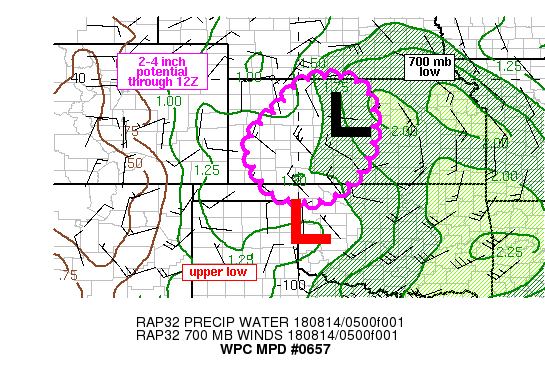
Areas affected...western KS into northwest OK

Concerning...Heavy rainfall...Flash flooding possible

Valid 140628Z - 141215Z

SUMMARY...Small scale and slow moving/training thunderstorms are
expected to impact portions of western KS into northwest OK
through 12Z. 2-4 inches of rain in an 2-3 hour window will be
possible which may cause flash flooding.

DISCUSSION...Water vapor imagery from 06Z showed a well defined
upper level cyclone centered over northwest OK and related comma
head/deformation axis over western KS into southern NE. A 700 mb
low was analyzed over north-central KS with a corridor of 20-25 kt
winds sampled by the KDDC VAD wind profile. ML and MUCAPE over KS
was rather weak (500-1000 J/kg) via the latest SPC mesoanalysis
page but moisture was high with precipitable water values ranging
from 1.25 inches across western KS to 1.75 inches in central KS
according to the latest RAP analysis. KDDC radar over the past
hour has shown an uptick in convection over Finney, Gray and Ford
counties with cell movement off toward the southeast at 15-25 kt.

The expectation over the next couple of hours is for small cores
of heavy rain to increase in number across southwestern KS into
perhaps extreme northwest portions of OK. The elevated nature of
these storms are expected to train given the northwesterly flow at
700 mb helping to focus locally heavy rainfall. 2-4 inches is
expected within a 2-3 hour window over portions of the MPD threat
area which would be in excess of Flash Flood Guidance in many
locations due to recent rainfall across the region.